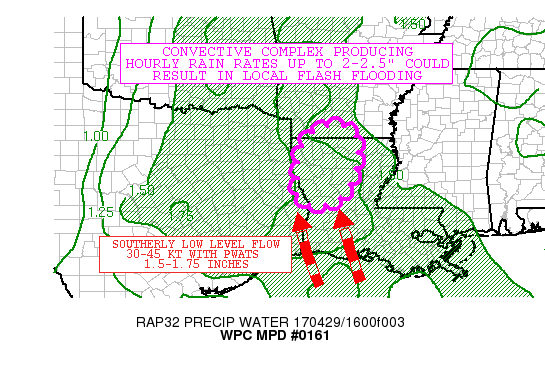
AREAS AFFECTED...WESTERN AND NORTHWEST LA INTO S-CNTRL AR

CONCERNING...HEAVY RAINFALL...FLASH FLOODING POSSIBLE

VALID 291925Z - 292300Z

SUMMARY...A COMPLEX OF THUNDERSTORMS OVER WESTERN AND NORTHWEST LA
WILL PRODUCE LOCAL HOURLY RAIN RATES AS HIGH AS 2-2.5" WHICH COULD
CAUSE SOME LOCALIZED FLASH FLOODING OVER THE NEXT FEW HOURS.

DISCUSSION...A CONVECTIVE COMPLEX ONGOING OVER WESTERN LA AS OF
19Z...IS IN A REGION OF LOW LEVEL SOUTHERLY FLOW OF 30-45 KT AND
WITHIN A VERY MOIST UNSTABLE ENVIRONMENT. PRECIPITABLE WATER
VALUES ARE GENERALLY 1.5-1.75" AND DEW POINTS ARE IN THE UPPER 60S
TO MID 70S WITH MUCAPE 3000-4000 J/KG. THOUGH HAIL CONTAMINATION
MAY BE A FACTOR...KPOE DUAL POL RADAR SHOWED LOCAL HOURLY RAIN
RATES AS HIGH AS 3" OVER SABINE PARISH ENDING AROUND 19Z.

SIMILARLY HIGH RAIN RATES SHOULD CONTINUE FOR THE NEXT FEW HOURS
AS STRONG AND VERY MOIST SOUTHERLY FLOW PERSISTS AND THE AIR MASS
REMAINS VERY UNSTABLE. WHILE A SUPERCELL WITHIN THE CONVECTIVE
COMPLEX OVER NATCHITOCHES PARISH SHOULD CONTINUE TO TRACK OFF
TOWARD THE NORTHEAST...SIGNS OF REGENERATION/BACK-BUILDING ARE
EVIDENT NEAR THE SABINE RIVER. GIVEN KINEMATIC PROFILES SUPPORT
TRAINING AND BACK-BUILDING...LOCAL 3-HOURLY RAINFALL TOTALS OF
2.5-4" APPEAR LIKELY AS THE COMPLEX MOVES SLOWLY NORTH-NORTHEAST
INTO A REGION OF 3-4" 3-HOUR FFG VALUES IN WESTERN AND NORTHWEST
LA INTO S-CNTRL AR. LOCALIZED FLASH FLOODING IS POSSIBLE AS A
RESULT. SOME UNCERTAINTY WITH DRY AIR ENTRAINMENT AND POOR MODEL
HANDLING REDUCES CONFIDENCE BEYOND 23Z.